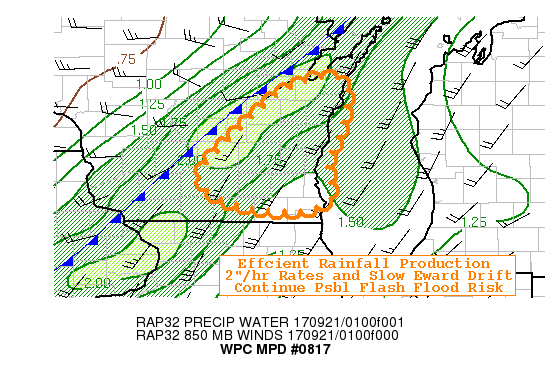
AREAS AFFECTED...EASTERN WISCONSIN

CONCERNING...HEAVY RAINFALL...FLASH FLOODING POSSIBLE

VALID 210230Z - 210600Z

SUMMARY...EFFICIENT RAINFALL PROCESSES REMAIN AS CONVECTION MOVES
SLOWLY ACROSS E WI CONTINUING POSSIBLE FLASH FLOODING CONDITIONS
FOR THE NEXT FEW HOURS.

DISCUSSION...GOES-16 10.3UM CLEAR IR CHANNEL DEPICTS A MATURE MCS
ACROSS EAST CENTRAL WI WITH NUMEROUS PERCOLATING OVERSHOOTING TOPS
INDICATIVE OF THE REMAINING INSTABILITY.  RAP ANALYSIS SHOWS
SUFFICIENT 2000 J/KG MUCAPES AND A NARROW BUT HIGH MOISTURE
GRADIENT ALONG AND JUST E OF THE FRONTAL BOUNDARY.  CIRA LAYERED
PW SHOW THIS MOISTURE IS FAIRLY DEEP THROUGH THE BULK OF THE
ATMOSPHERE LEADING TO TOTAL VALUES NEAR 2.0".  WHILE LOW LEVEL
INFLOW HAS VEERED SLIGHTLY TO BECOME MORE PARALLEL TO THE
ORIENTATION OF THE FRONT/CONVECTIVE LINE(S)...THERE IS SUFFICIENT
FLUX TO SUPPORT EFFICIENT RAINFALL PROCESSES.  RECENT
REPORTS/RADAR MOSAIC SUPPORT RAINFALL RATES IN EXCESS OF 2"/HR.

RAP 500-1000MB THICKNESS FIELD SHOWS A HIGHLY AMPLIFIED RIDGE IN
SE WI WHILE MEAN 400-850MB 20-25KT MEAN FLOW THAT WOULD SUPPORT
SOME SLOW SELY DRIFT AS PROPAGATION VECTORS ARE ABOUT 5KTS.  THIS
COMBINED WITH THE RAINFALL RATES ARE SUGGESTIVE OF TOTALS OF 2-3"
WITH POSSIBLE ISOLATED 4" CONTINUING THE ISOLATED THREAT FOR FLASH
FLOODING PARTICULARLY FURTHER NORTH ACROSS CENTRAL E WI WHERE
MULTIPLE LINES WILL TRACK THROUGH THE SAME AREAS IN FAIRLY QUICK
SUCCESSION.